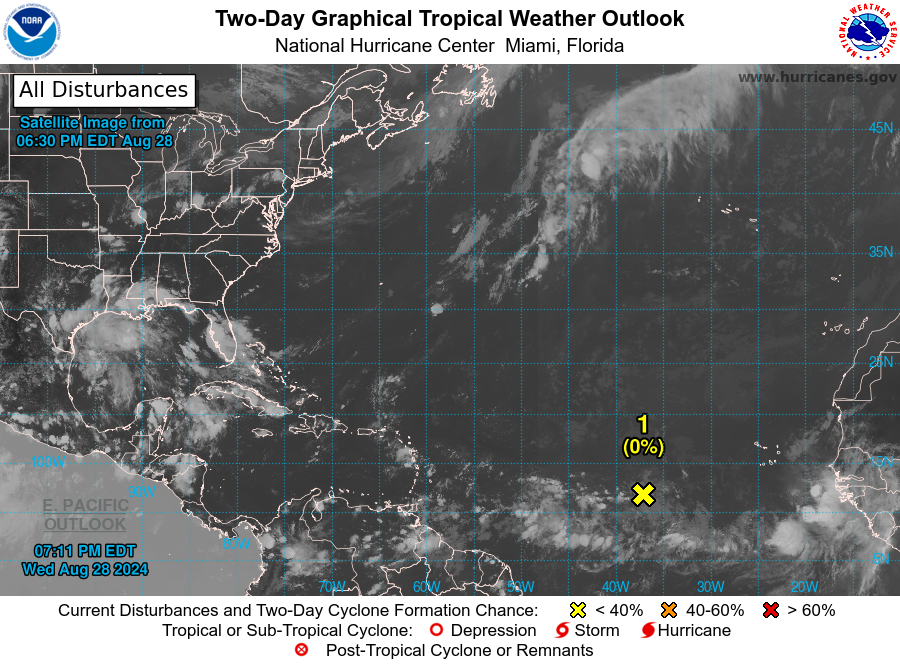
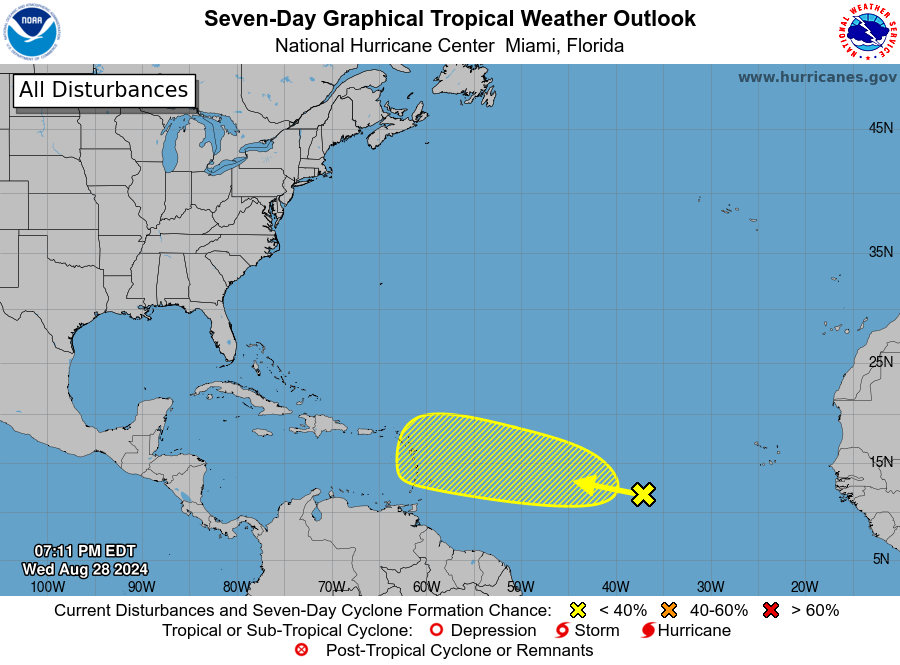
For the North Atlantic...Caribbean Sea and the Gulf of Mexico:

1. Central Tropical Atlantic: A broad area of disorganized showers over the central Tropical Atlantic are associated with a tropical wave. Some slow development of this system is possible this weekend into the middle of next week while it moves westward to west-northwestward at 10 to 15 mph.
* Formation chance through 48 hours...low...near 0 percent.
* Formation chance through 7 days...low...20 percent.

Forecaster Papin